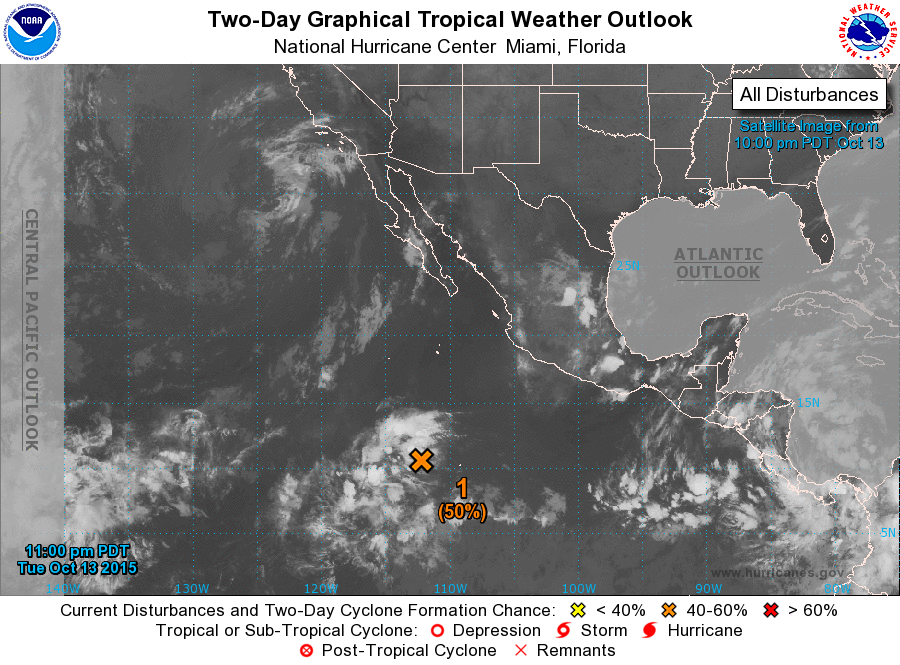
For the eastern North Pacific...east of 140 degrees west longitude:

1. Showers and thunderstorms have changed little in association with an area of low pressure located about 850 miles south of the southern tip of the Baja California peninsula. However, environmental conditions are expected to become conducive for development, and a tropical depression is likely to form later this week or this weekend while the low moves westward at 10 to 15 mph.
* Formation chance through 48 hours...medium...50 percent
* Formation chance through 5 days...high...90 percent

Forecaster Stewart